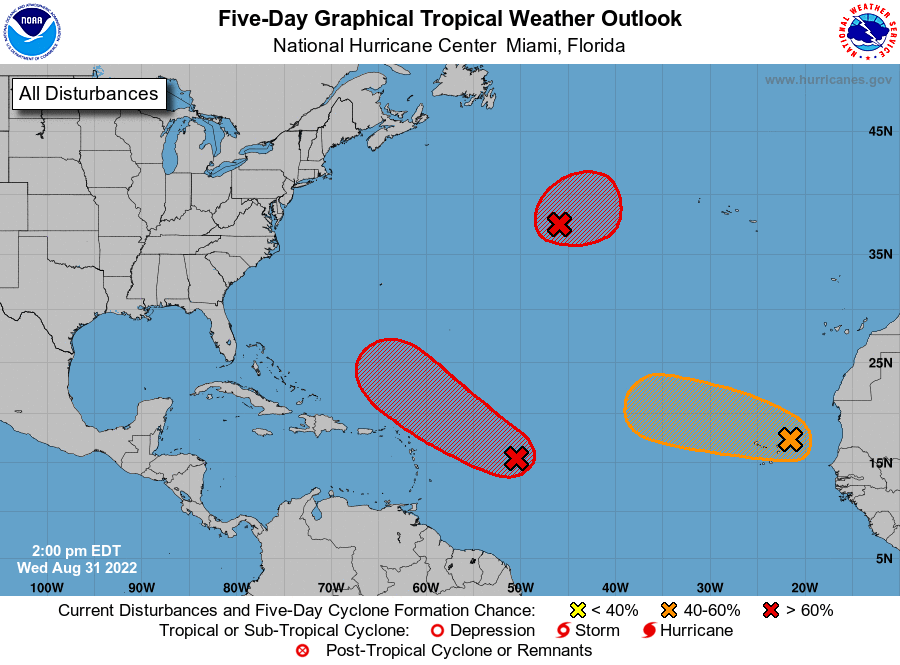
For the North Atlantic...Caribbean Sea and the Gulf of Mexico:

1. Central Tropical Atlantic: Data from a NOAA aircraft reconnaissance mission earlier today showed little change in organization of the area of low pressure located several hundred miles east of the Lesser Antilles. Although environmental conditions are only marginally conducive, additional gradual development of this system is expected and a tropical depression is likely to form within the next couple of days. The disturbance is forecast to move slowly west-northwestward, toward the adjacent waters of the northern Leeward Islands. Additional information on this system can be found in High Seas Forecasts issued by the National Weather Service.
* Formation chance through 48 hours...medium...60 percent.
* Formation chance through 5 days...high...80 percent.

2. Eastern Tropical Atlantic: Showers and thunderstorms associated with a broad area of low pressure located just to the northeast of the Cabo Verde Islands have changed little since earlier today. Some gradual development is possible, and the system could become a short-lived tropical depression over the far eastern Atlantic during the next couple of days. By late this week, environmental conditions are forecast to become increasingly unfavorable for further development. Regardless, the system could bring locally heavy rainfall to portions of the Cabo Verde Islands through Thursday.
* Formation chance through 48 hours...medium...40 percent.
* Formation chance through 5 days...medium...50 percent.

3. Central Subtropical Atlantic: An area of low pressure is showing signs of organization over the central subtropical Atlantic about 850 miles west-southwest of the westernmost Azores. Environmental conditions are expected to be conducive for development, and a tropical or subtropical depression is likely to form within the next day or so, while the system drifts generally eastward. Additional information on this system can be found in High Seas Forecasts issued by the National Weather Service.
* Formation chance through 48 hours...high...70 percent.
* Formation chance through 5 days...high...80 percent.

High Seas Forecasts issued by the National Weather Service can be found under AWIPS header NFDHSFAT1, WMO header FZNT01 KWBC, and online at ocean.weather.gov/shtml/NFDHSFAT1.php

Forecaster Bucci/Pasch